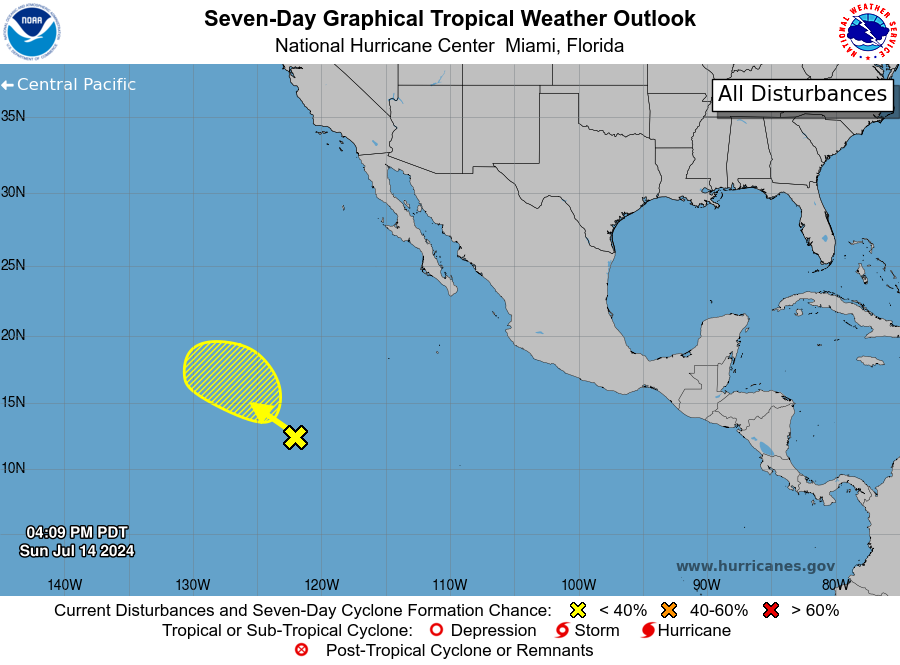
For the eastern North Pacific...east of 140 degrees west longitude:

1. Central and Western East Pacific: A tropical wave located several hundred miles southwest of the southern tip of the Baja California peninsula is producing a large but disorganized area of showers and thunderstorms. Environmental conditions could become more conducive for some development in a day or two while it moves westward or west-northwestward at 10 to 15 mph across the central and western portion of the basin.
* Formation chance through 48 hours...low...10 percent.
* Formation chance through 7 days...low...30 percent.

Forecaster Blake